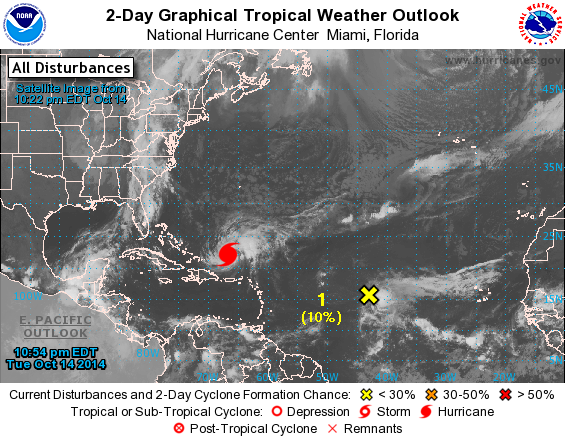
For the North Atlantic...Caribbean Sea and the Gulf of Mexico:

The National Hurricane Center is issuing advisories on Hurricane Gonzalo, located a few hundred miles north of Puerto Rico.

1. A broad area of low pressure located midway between the Lesser Antilles and the Cape Verde Islands is producing a large area of disorganized showers and thunderstorms. Upper-level winds are not favorable for significant development while the low moves northward or northwestward over the central tropical Atlantic.
* Formation chance through 48 hours...low...10 percent.
* Formation chance through 5 days...low...20 percent.

Forecaster Avila